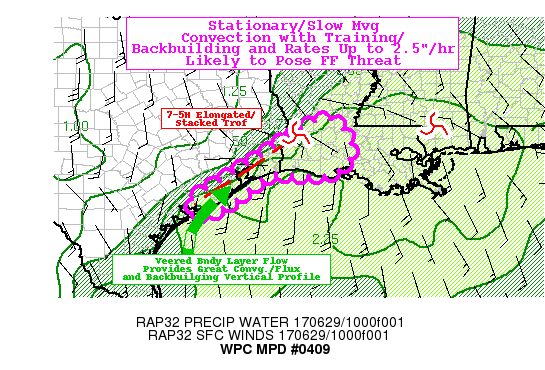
AREAS AFFECTED...COASTAL TX...SOUTHWEST LA

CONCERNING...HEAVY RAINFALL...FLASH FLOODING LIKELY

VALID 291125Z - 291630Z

SUMMARY...SLOW MOVING CONVECTION WITH UPSTREAM/BACKBUILDING
PROPAGATION VECTORS AND AMPLE MOISTURE FOR RATES OVER 2.5"/HR POSE
LIKELY FLASH FLOOD THREAT OVER NE COASTAL TX INTO SW/SOUTH CENTRAL
LA THIS MORNING.

DISCUSSION...MID-LEVEL STACKED ELONGATED TROF LIES COINCIDENT WITH
THE CENTRAL AND EASTERN TX COAST TOWARD APEX OF THE TROF/POSSIBLE
CLOSED CIRCULATION NEAR 7-5H LOW JUST NORTH OF LCH.  STRONG SLY
ONSHORE SURFACE FLOW (20+KTS) AIDED BY FRICTIONAL CONVERGENCE HAS
SPARKED A LINE OF CONVECTION THAT CONTINUES TO COOL WITH
PURCOLLATING OVERSHOOTING TOPS NOTED IN EIR OF GOES-16 10.3 UM IR
WINDOW.  VEERING TO SWLY FLOW AT THE BOUNDARY LAYER/WEAK INVERSION
NEAR 850MB PARALLEL TO THE TX COASTLINE SUPPORTS SOLID INFLOW/MUST
FLUX TO CELL AND WITH HIGHLY ELONGATED TROF THAT IS STACKED...CELL
MOTIONS ARE NEAR ZERO SUPPORTING C-VECTORS WITH SW PROPAGATION
FAIRLY PARALLEL TO THE CONVERGENCE BAND.  THIS SHOULD SUPPORT
REPEAT/BACKBUILDING CYCLING CONVECTION CAPABLE OF SHORT BURSTS OF
HEAVY RAINFALL.  AVAILABLE MOISTURE THROUGH THE UPDRAFT DEPTH
SUPPORTS TPWS AOA 2.0" AND WITH FLUX MAY REACH RATES OF 2.5"/HR OR
GREATER.  THIS IS THE CASE OF STATIONARY CELL LOCATED CALCASIEU
PARISH WHICH WOULD HAVE THE LEAST STEERING FLOW GIVEN PROXIMITY TO
THE APEX/CENTER OF THE TROF.  WITH THE BACKBUILDING AND SLIGHT
NORTHEASTWARD DRIFT THERE SHOULD BE ADDITIONAL BOUTS OF HEAVY
RAINFALL IN THE VICINITY AND IT IS HIGHLY PLAUSIBLE FOR EXTREME
RAINFALL TOTALS PARTICLULARLY OVER SW LA TO COMPILE WITH 4-6"
TOTALS OVER THE NEXT FEW HOURS AS SUPPORTED BY THE TRENDS IN THE
RAP/HRRR/HRRRV3.  STILL THE THREAT FOR FLOODING RAINS EXTENDS FROM
THE CENTRAL TX COAST THROUGH THE LENGTH OF THE TROF AND FLASH
FLOODING IS CONSIDERED LIKELY THROUGH THE EARLY MORNING.